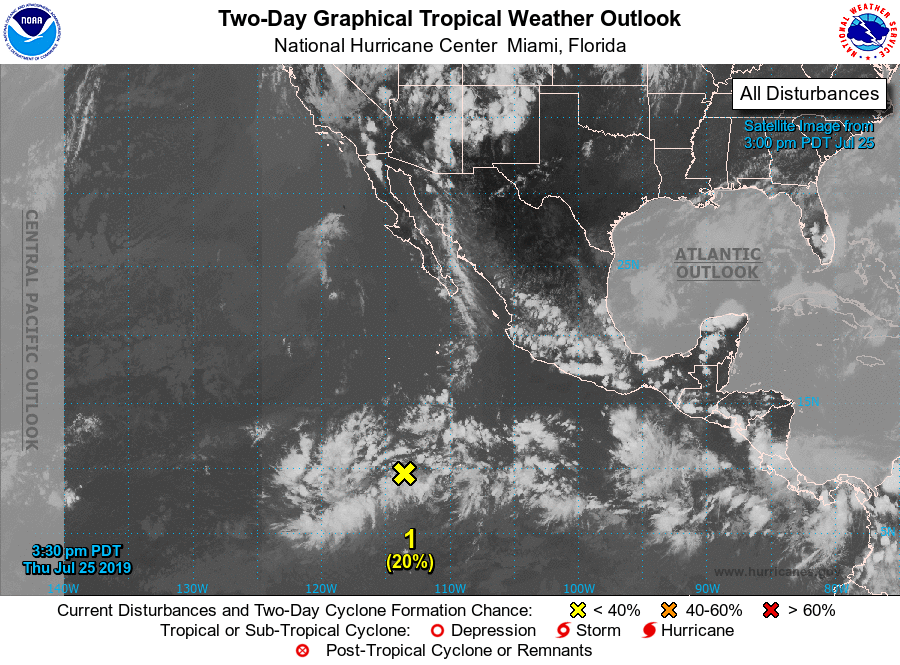
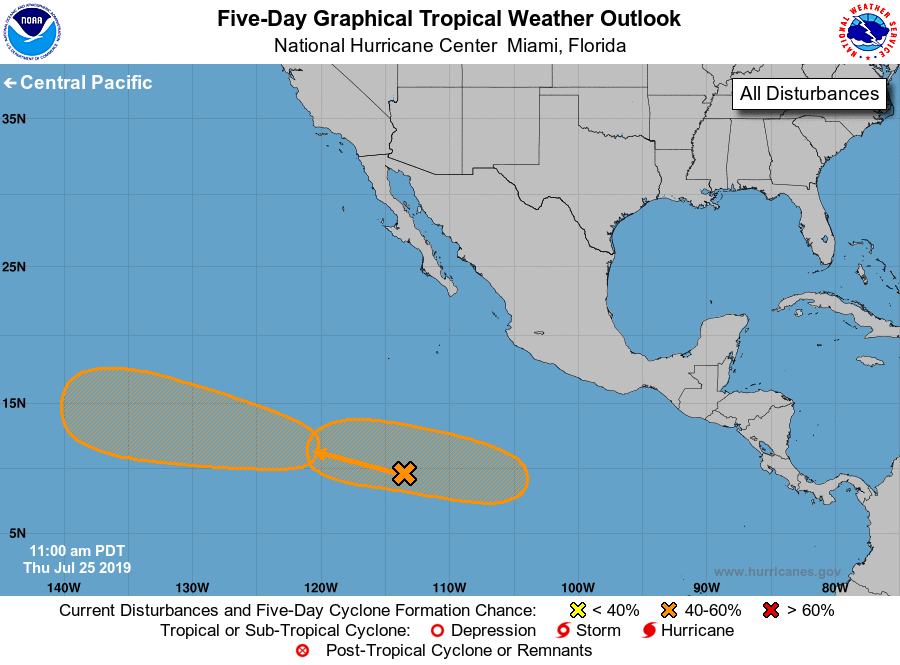
For the eastern North Pacific...east of 140 degrees west longitude:

The National Hurricane Center has issued the last advisory on Post-Tropical Cyclone Dalila, located several hundred miles west of the southern tip of the Baja California peninsula.

1. A tropical wave located about a thousand miles south-southwest of the southern tip of the Baja California peninsula is producing a broad area of cloudiness and disorganized showers. Upper-level winds are expected to become more conducive for development during the next few days, and a tropical depression could form early next week while the disturbance moves westward to west-northwestward at 10 to 15 mph.
* Formation chance through 48 hours...low...20 percent.
* Formation chance through 5 days...medium...50 percent.

2. An area of low pressure is expected to form a few hundred miles south of the coast of southern Mexico early next week. Some gradual development of the low is expected thereafter, and a tropical depression could form while the system moves generally westward at 15 to 20 mph.
* Formation chance through 48 hours...low...near 0 percent.
* Formation chance through 5 days...medium...40 percent.

Forecaster Berg